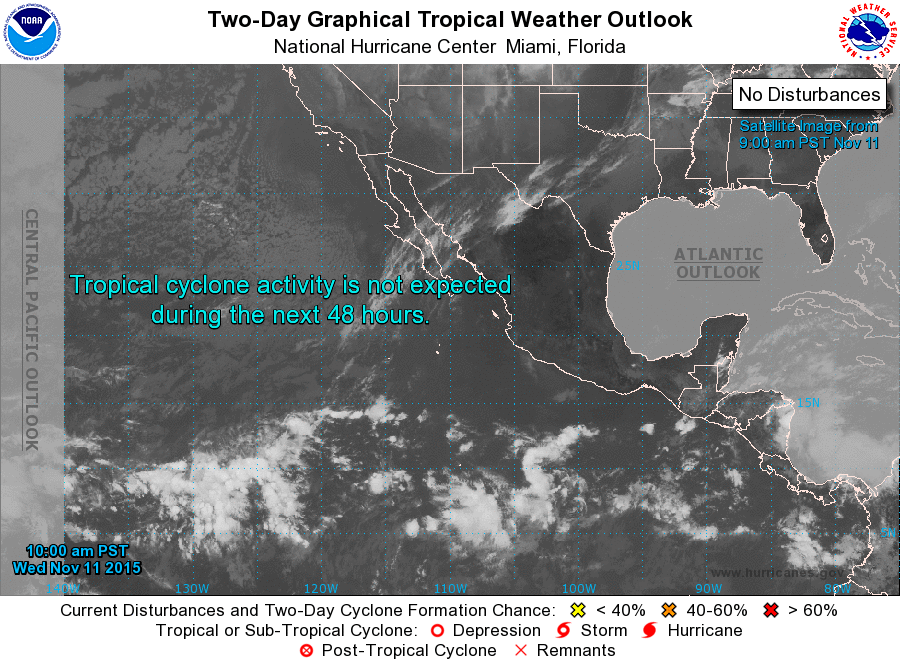
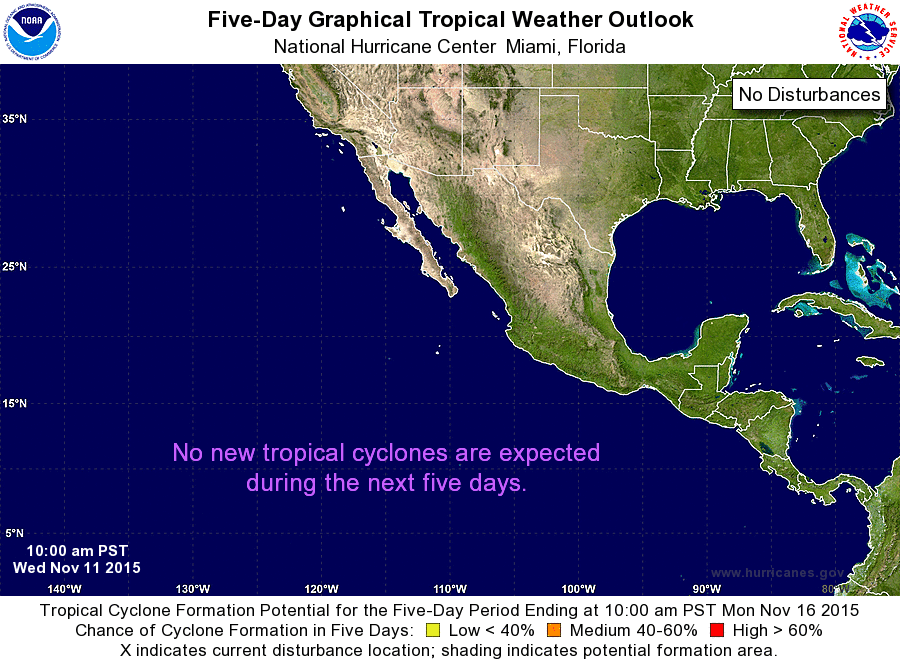
For the eastern North Pacific...east of 140 degrees west longitude:

Tropical cyclone formation is not expected during the next 5 days.

Forecaster Blake